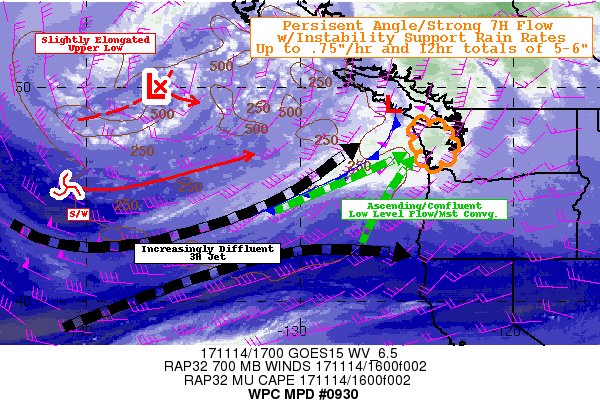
AREAS AFFECTED...WESTERN WASHINGTON...

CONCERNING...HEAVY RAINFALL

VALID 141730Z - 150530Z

SUMMARY...NARROW PERSISTENT SWLY 7H FLOW WITH SOME INSTABILITY
SUPPORT OCCASIONAL RATES UP TO .75"/HR AND TOTALS OF 5-6" IN THE
LOWER OLYMPIC SLOPES THROUGH 06Z AND SHOULD LEAD TO ENHANCED
STREAM FLOW AND POSSIBLE FLOODING CONERNS.

DISCUSSION...GOES-WEST WV DEPICTS A VERY STRONG UPPER LOW NEAR 50N
136.5W WITH MODEST SW-NE ELONGATED ORIENTATION AS A SHORTWAVE AND
ENHANCED JET STREAK ROUND THE BASE FROM 140W TO 135W.  AN ENHANCED
BAROCLINIC LEAF IS NOTED AS WELL WITHIN THE MODERATELY DIFFLUENT
LEFT EXIT REGION.  WHILE MAIN WARM CONVEYOR IS PRESSED WELL EAST
WITH PRIMARY COLD FRONT IN THE ROCKIES...A SECONDARY TROF/FRONTAL
BOUNDARY IS DENOTED LAYING SW-NE BELOW ON THE NORTHERN SIDE OF
THIS BAROCLINIC LEAF.  HEIGHT FALLS FROM THE APPROACH OF THE WAVE
HAS ALLOWED FOR LOW LEVEL FLOW TO STRENGTHEN AND BECOME GENERALLY
CONFLUENT AS IT ASCENDS TO AROUND 7H NEAR/JUST ALONG THIS
BOUNDARY.  CAA ALOFT ALSO SUPPORTS MODERATELY STEEP LAPSE RATES
(BELOW -7C/KM) WHILE STILL BEING NEARLY SATURATED THOUGH THE
SFC/650MB...SUPPORTING TPWS UP TO .75" AND SHALLOW CAPES OF 250 TO
500 J/KG SUPPORTING TYPICAL SCATTERED COLD AIR CBS.

THE MOISTURE IS CLEARLY NOT ANOMALOUS... HOWEVER THE DIFFERENCE
CONCERN FOR FLOODING EXISTS WITH THE FOCUS/CONFLUENCE OF THE
Q-AXIS ALIGNED PERFECTLY WITH THE 7H JET AXIS AND ITS GENERAL
STUBBORNNESS TO ADVECT EASTWARD.  THIS WILL CONTRIBUTE TO REPEAT
TRACKS OF THE CONVECTIVE ELEMENTS CAPABLE OF RATES OF .75"/HR
ACROSS NW PACIFIC INTO WESTERN GRAY HARBOR COUNTIES BEFORE A BROAD
OROGRAPHIC ASCENT INTO THE WESTERN OLYMPIC MOUNTAIN RANGES.  7H
FLOW CURRENTLY NEAR 50KTS FROM SW WILL SLOWLY INCREASE TO 65KT
THROUGH THE EVENING WITH VERY LITTLE VARIATION IN DIRECTION
FURTHER SUPPORTING CONSISTENT OROGRAPHIC ASCENT INTO SAME DRAINAGE
CHANNELS.  PERSISTENT .25-.5"/HR RATES WITH OCCASIONAL .75" TO
POSSIBLE 1"/HR...TOTALS ARE LIKELY TO CONTRIBUTE TO TOTALS OF 5-6"
THROUGH 06Z MAINLY ON SW FACING SLOPES BELOW 4000FT (FRZG LEVEL).
 THIS MAY CONTRIBUTE TO HIGHER THAN NORMAL STREAM FLOWS WITH SOME
FLOODING POSSIBLE.  HI-RES CAMS PARTICULARLY THE 12Z NMMB AND ARW
APPEAR TO HAVE THE BEST HANDLE ON THE SITUATION TO HAVE GOOD
CONFIDENCE IN PLACEMENT/TIMING OF THE BOUNDARY REACHING THE
CENTRAL OLYMPICS/MOUTH OF COLUMBIA RIVER BY 06-07Z.